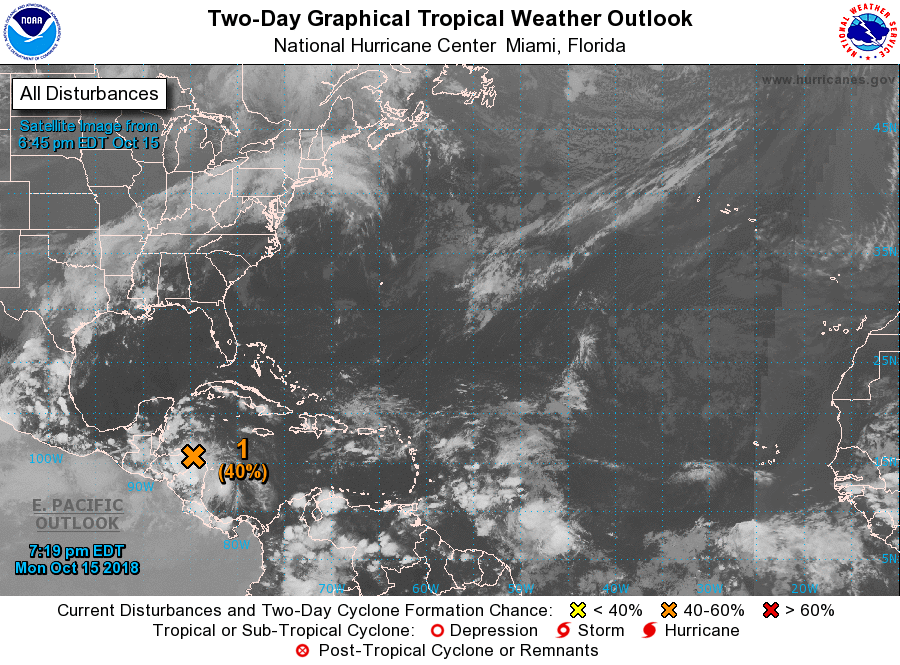
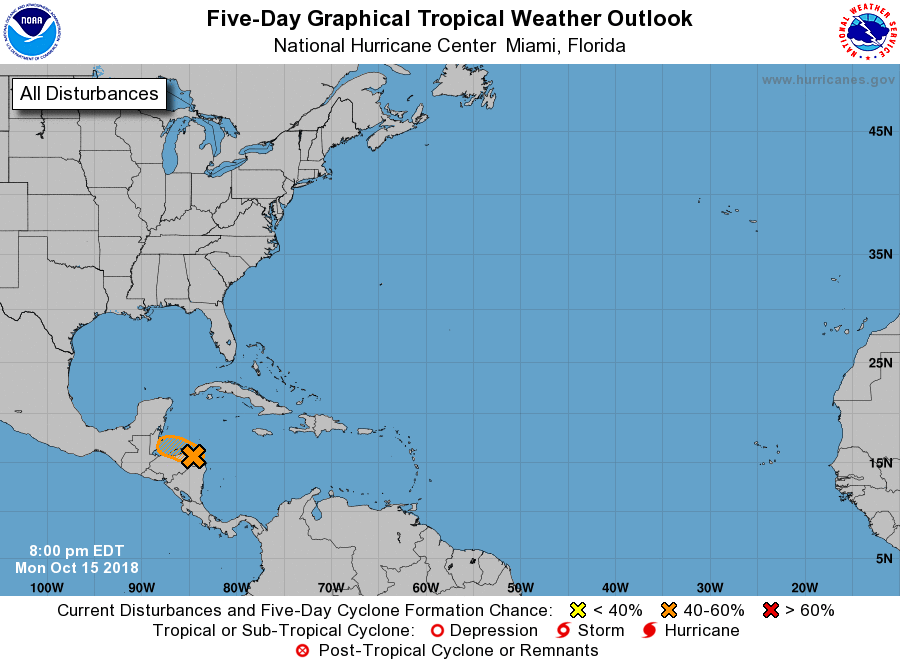
For the North Atlantic...Caribbean Sea and the Gulf of Mexico:

1. A broad low pressure system located over the northeastern portion of Honduras is producing a large area of showers and thunderstorms over eastern Honduras, northern Nicaragua, and portions of the western Caribbean Sea. This system is expected to move near or just offshore of the northern coast of Honduras, and if the center moves offshore, a tropical depression could form before moving inland over Belize by late Tuesday. Regardless of development, gusty winds are possible over portions of Belize and the Yucatan Peninsula on Tuesday. In addition, locally heavy rainfall, which could cause flash flooding, is possible across portions of Central America during the next few days. An Air Force Reserve Hurricane Hunter aircraft is scheduled to investigate this system Tuesday afternoon, if necessary.
* Formation chance through 48 hours...medium...40 percent.
* Formation chance through 5 days...medium...40 percent.

Forecaster Cangialosi